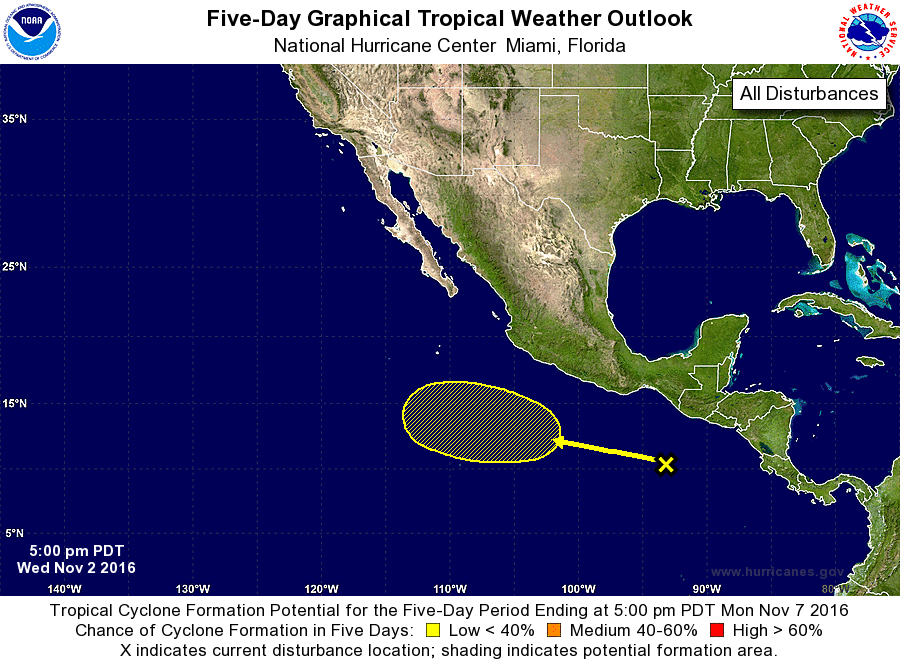
For the eastern North Pacific...east of 140 degrees west longitude:

1. An elongated area of disturbed weather extends a few hundred miles south of the coast of Central America and southern Mexico. Development of this system is not expected during the next few days, but environmental conditions could become somewhat more favorable this weekend while the disturbance moves westward to west-northwestward.
* Formation chance through 48 hours...low...near 0 percent
* Formation chance through 5 days...low...20 percent

Forecaster Pasch